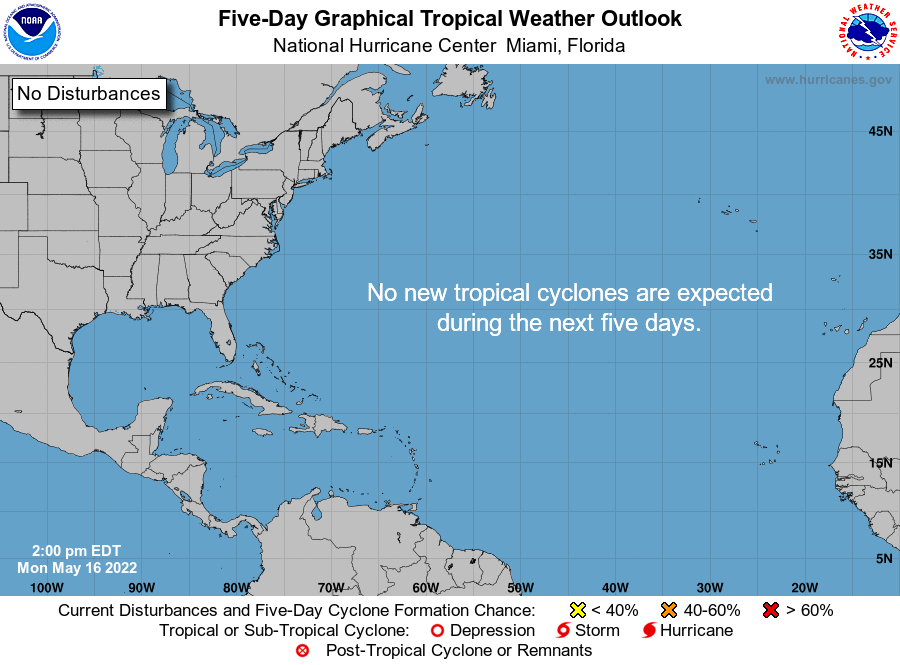
For the North Atlantic...Caribbean Sea and the Gulf of Mexico:

Tropical cyclone formation is not expected during the next 5 days.

Forecaster Cangialosi